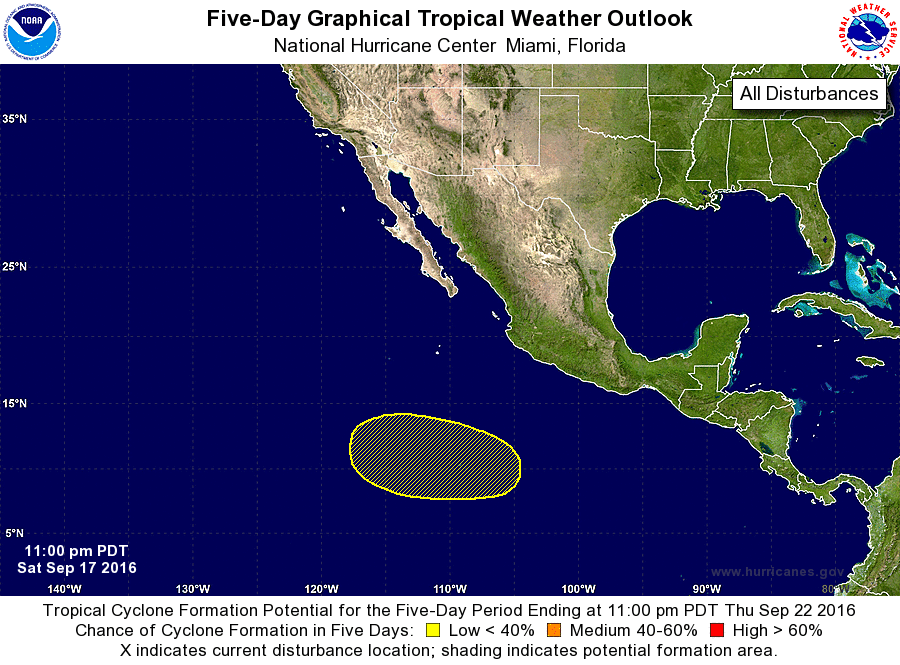
For the eastern North Pacific...east of 140 degrees west longitude:

The National Hurricane Center is issuing advisories on newly formed Tropical Depression Seventeen-E, located a few hundred miles south of the southern tip of the Baja California peninsula.

1. An area of low pressure could form in a few days well south of southwestern Mexico. Some gradual development of this system is possible by the middle of next week while it moves slowly west-northwestward.
* Formation chance through 48 hours...low...near 0 percent
* Formation chance through 5 days...low...20 percent

Public Advisories on Tropical Depression Seventeen-E are issued under WMO header WTPZ32 KNHC and under AWIPS header MIATCPEP2. Forecast/Advisories on Tropical Depression Seventeen-E are issued under WMO header WTPZ22 KNHC and under AWIPS header MIATCMEP2.

Forecaster Blake